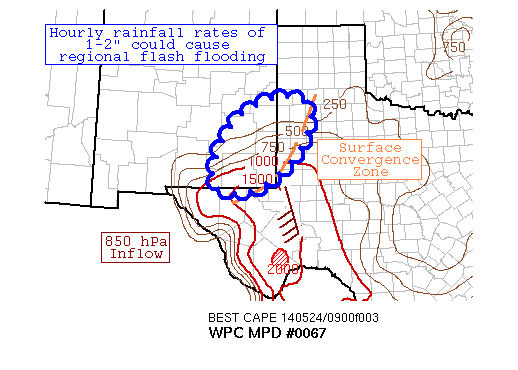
AREAS AFFECTED...SOUTHEAST NM AND WEST-CENTRAL TX

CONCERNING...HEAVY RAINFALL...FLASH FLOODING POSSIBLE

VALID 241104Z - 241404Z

SUMMARY...BACKBUILDING CONVECTION ACROSS SOUTHEAST NM IS EXPECTED
TO SHIFT SLOWLY EASTWARD INTO WEST-CENTRAL TX BEFORE FADING BY
14Z.  UNTIL THEN, REGIONAL FLASH FLOODING IS POSSIBLE.

DISCUSSION...UPSTREAM CAPES OF 2000+ J/KG ARE FEEDING INTO A
SURFACE CONVERGENCE ZONE ACROSS THE REGION DUE TO 40+ KT 850 HPA
INFLOW PER RECENT VAD WIND PROFILES ACROSS THE REGION. THIS
COMBINATION IS SUPPORTIVE OF THE WET MULTI-CELL ENVIRONMENT.  SOME
CIN IN THE REGION, PER THE 00Z ARW, IS CAUSING THE CONVECTION TO
BE ELEVATED OVER THE SURFACE BOUNDARY.  RECENT RADAR IMAGERY SHOWS
CELL TRAINING ACROSS SOUTHEAST NM, AND REPORTS OF MAJOR STREET
FLOODING IN ROSWELL HAVE BEEN RECENTLY RECEIVED.

THE EXPECTATION IS THAT THE THUNDERSTORM ACTIVITY WILL SLOWLY
SHIFT EASTWARD AS THE SURFACE BOUNDARY SETTLES SOUTHEAST DRIVEN BY
A SURFACE COLD POOL AND BETTER 850 HPA INFLOW WEAKENS AND SHIFTS
SLOWLY EASTWARD OVER THE NEXT FEW HOURS, FADING SIGNIFICANTLY BY
14Z.  THE 00Z RUNS OF THE PARALLEL ARW, SPC WRF, AND NMM APPEAR
TOO BULLISH WITH ACTIVITY NEAR THE LOWER TRANS PECOS REGION, WHICH
MEANS THEY ARE LIKELY TOO DRY ACROSS SOUTHEAST NM AND WEST-CENTRAL
TX.  UNTIL 14Z, HOURLY RAINFALL RATES OF 1-2" IN STRONGER CELLS
SHOULD CONTINUE, WHICH WOULD THREATEN THE RELATIVELY LOW FLASH
FLOOD GUIDANCE IN THE REGION AND COULD LEAD TO REGIONAL FLASH
FLOODING.